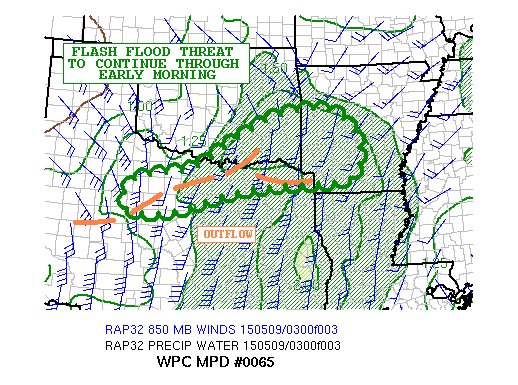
AREAS AFFECTED...NRN TEXAS / SERN OKLAHOMA INTO WRN ARKANSAS

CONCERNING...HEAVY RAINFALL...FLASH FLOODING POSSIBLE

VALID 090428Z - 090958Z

SUMMARY...A CONTINUED INFLUX OF MOISTURE/INSTABILITY VIA THE LOW
LEVEL JET THROUGH EASTERN TEXAS IS EXPECTED TO PROLONG THE FLASH
FLOOD THREAT OVER THE NEXT SEVERAL HOURS FROM NRN TEXAS INTO SERN
OKLAHOMA AND WRN ARKANSAS.

DISCUSSION...AT 04Z...A LARGE...FORWARD PROPAGATING MCS CONTINUED
TO ADVANCE THROUGH ERN OKLAHOMA CONTAINING RAINFALL RATES
GENERALLY BETWEEN 1 TO 2 IN/HR WITHIN EMBEDDED STRONGER CORES. AN
EFFECTIVE FRONTAL BOUNDARY...ENHANCED BY RAIN COOLED
AIR...EXTENDED SOUTH OF THIS COMPLEX ACROSS THE RED RIVER JUST
EAST OF DUA...WSWWD TO RPH...DYS...TO MAF. CONVERGENCE ALONG THIS
BOUNDARY HAS BEEN ALLOWING STORMS TO DEVELOP IN A LINE...EXTENDING
SW OF THE MAIN OKLAHOMA MCS.

00Z RAOBS CONFIRMED AMPLE INSTABILITY OF GREATER THAN 2000 J/KG
ACROSS CNTRL TEXAS WITH THE CORE OF THE LOW LEVEL JET ORIENTED
FROM NEAR DRT TO FWD...HELPING TO PUMP MOISTURE NNEWD THROUGH
CNTRL TEXAS. CURRENT GPS PRECIPITABLE WATER PLOTS SHOW 1.75 TO
2.00 INCHES FROM THE RIO GRANDE TO THE RED RIVER...NEAR THE 99TH
PERCENTILE FOR THE REGION.

THE GREATEST FLASH FLOOD THREAT IS EXPECTED TO BE NEAR THE
ARKLATEX AS HEAVY RAINFALL CORES REPEAT TOWARD THE EAST OVER
SATURATED SOILS FROM PRIOR HEAVY RAINFALL. THE MAGNITUDE OF THE
LOW LEVEL JET ACROSS ARKANSAS IS SOMEWHAT WEAKER THAN NRN
TEXAS...WHICH MAY DIMINISH THE FLASH FLOOD THREAT INTO CNTRL
ARKANSAS EARLY THIS MORNING. REPEATING CORES BUT WITH REDUCED
COVERAGE...ARE EXPECTED TO KEEP A THREAT FOR FLASH FLOODING JUST
NORTH OF I-20 INTO N-CNTRL TEXAS UNTIL AT LEAST 10Z.